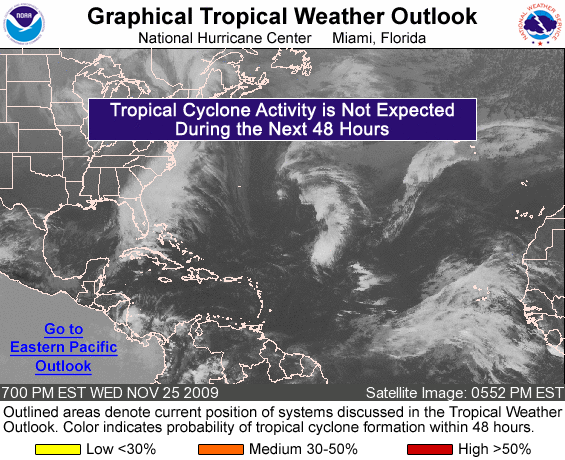
FOR THE NORTH ATLANTIC...CARIBBEAN SEA AND THE GULF OF MEXICO...

TROPICAL CYCLONE FORMATION IS NOT EXPECTED DURING THE NEXT 48 HOURS.

FORECASTER AVILA/KIMBERLAIN